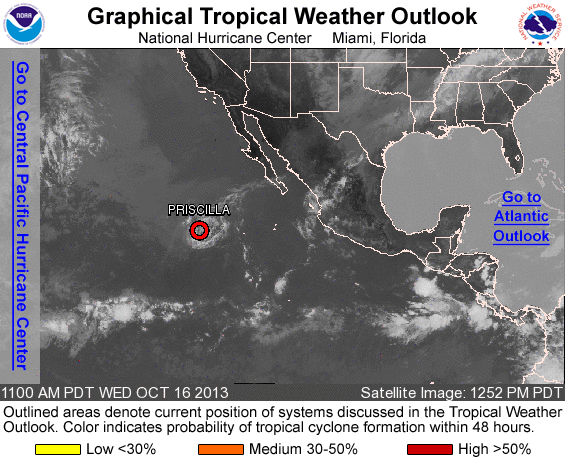
FOR THE EASTERN NORTH PACIFIC...EAST OF 140 DEGREES WEST LONGITUDE..

THE NATIONAL HURRICANE CENTER IS ISSUING ADVISORIES ON TROPICAL DEPRESSION PRISCILLA...LOCATED OVER A THOUSAND MILES WEST-SOUTHWEST OF THE SOUTHERN TIP OF THE BAJA CALIFORNIA PENINSULA.

TROPICAL CYCLONE FORMATION IS NOT EXPECTED DURING THE NEXT 48 HOURS.

OTHER SYSTEMS WITH FORMATION POTENTIAL BEYOND 48 HOURS...

A TROPICAL WAVE WITH LIMITED SHOWER AND THUNDERSTORM ACTIVITY IS CURRENTLY LOCATED A COUPLE HUNDRED MILES SOUTH OF CENTRAL AMERICA. AS THE WAVE MOVES WESTWARD AT 5 TO 10 MPH...CONDITIONS ARE GRADUALLY EXPECTED TO BECOME CONDUCIVE FOR SLOW DEVELOPMENT. THIS SYSTEM HAS A LOW CHANCE...NEAR 0 PERCENT...OF BECOMING A TROPICAL CYCLONE DURING THE NEXT 48 HOURS...AND A LOW CHANCE...20 PERCENT... OF BECOMING A TROPICAL CYCLONE DURING THE NEXT 5 DAYS.

&&
FIVE-DAY FORMATION PROBABILITIES ARE EXPERIMENTAL IN 2013. COMMENTS ON THE EXPERIMENTAL FORECASTS CAN BE PROVIDED AT...

HTTP://WWW.NWS.NOAA.GOV/SURVEY/NWS-SURVEY.PHP?CODE=ETWO

FORECASTER LANDSEA